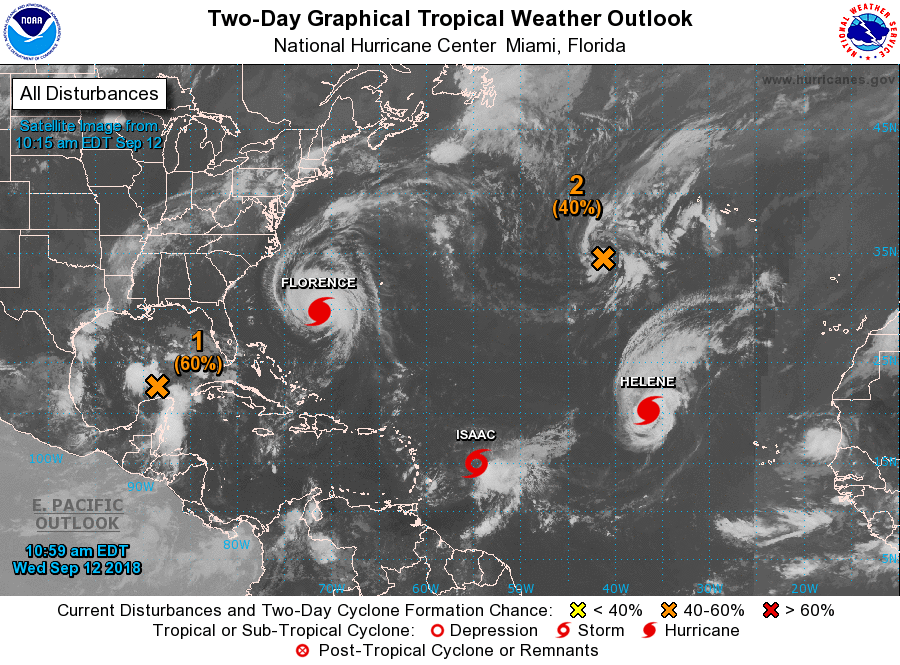
For the North Atlantic...Caribbean Sea and the Gulf of Mexico:

The National Hurricane Center is issuing advisories on Hurricane Florence, located over the western Atlantic Ocean, on Hurricane Helene, located over the eastern Atlantic, and on Tropical Storm Isaac, located several hundred miles east of the Lesser Antilles.

1. Cloudiness and showers associated with a trough of low pressure over the south-central Gulf of Mexico have decreased since yesterday and the Air Force reconnaissance plane scheduled to investigate the system for today will likely be cancelled. However, upper-level winds are forecast to become a little more conducive for development, and a tropical depression could still form Thursday or Friday before the system reaches the western Gulf Coast. Regardless of development, heavy rainfall and gusty winds are expected across portions of northeastern Mexico, Texas, and Louisiana late this week, and interests there should monitor the progress of this system.
* Formation chance through 48 hours...medium...60 percent.
* Formation chance through 5 days...medium...60 percent.

2. A non-tropical area of low pressure located several hundred miles west-southwest of the Azores is producing a large area of showers and thunderstorms and gale-force winds. This system could gradually acquire tropical or subtropical characteristics during the next couple of days while it meanders over the northeastern Atlantic Ocean, and before it becomes absorbed by a larger trough of low pressure. For more information, see High Seas Forecasts issued by the National Weather Service.
* Formation chance through 48 hours...medium...40 percent.
* Formation chance through 5 days...medium...50 percent.

3. An area of low pressure is expected to develop near Bermuda late this weekend or early next week. Some gradual development is possible after that time while the system drifts westward over the western Atlantic.
* Formation chance through 48 hours...low...near 0 percent.
* Formation chance through 5 days...low...20 percent

High Seas Forecasts issued by the National Weather Service are under AWIPS header NFDHSFAT1, WMO header FZNT01 KWBC, and available on the Web at https://ocean.weather.gov/shtml/NFDHSFAT1.shtml.

Forecaster Avila